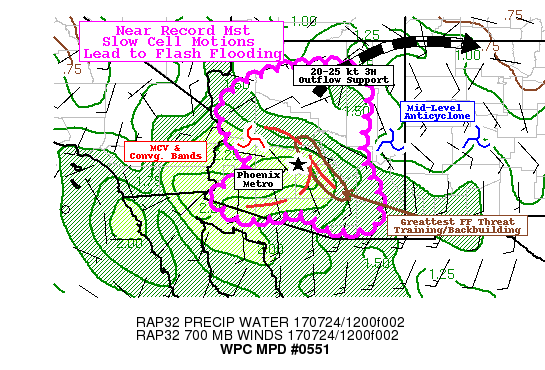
AREAS AFFECTED...ARIZONA

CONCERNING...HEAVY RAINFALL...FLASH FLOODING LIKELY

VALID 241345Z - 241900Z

SUMMARY...SATURATED ENVIRONMENT WITH SLOW CELL MOTIONS POSE FLASH
FLOODING THREAT.  GREATEST THREAT ON NORTHERN/EASTERN OUTER BAND
OF SHORTWAVE (ACROSS CENTRAL AZ).

DISCUSSION...EXPERIMENTAL GOES-16 IMAGERY DEPICTS LARGE AREA
ACROSS AZ WHERE SCATTERED CONVECTION IS DEVELOPING.   12Z
74626(PHX) SOUNDING DENOTES NEARLY UNCAPPED HIGHLY SATURATED
ENVIRONMENT WITH 1700 J/KG AND TPWS NEAR 2.25" WHICH IS NEAR ALL
TIME RECORD TPW VALUES FOR THE REGION.  ADDITIONALLY WINDS THROUGH
THE CLOUD BARING REGION ARE GENERAL VERY LIGHT.  THE ONLY
EXCEPTION IS A SMALL SWLY WIND FLOW NEAR/JUST ABOVE 7H WHICH IS
ALSO SHOWN AT KIWA VWP.  THIS CHANNEL OF FLOW SEEMS TO BE ALONG
THE CONFLUENCE ZONE ALONG THE EASTERN QUADRANT OF STRONG EASTERLY
WAVE (MCV) CURRENTLY ENTERING NORTHEAST LA PAZ COUNTY.
ADDITIONALLY...MASS CONVERGENCE FROM THE SWLY FLOW INTO THE SE
QUADRANT/BAND OF THE SHORTWAVE IS CONVECTING ALONG A WSW TO ENE
LINE EXTENDING ACROSS FROM YUMA TO EASTER PINAL.  AN ADDITIONAL
CHANNEL OF INCREASED WIND FLOW IS AVAILABLE AT THE TOPS OF THE
CONVECTION NEAR -63C (WHICH IS BEING REACHED BY CONVECTION PER
10.3 IR CHANNEL)...WHERE 15-20 KTS IS AVAILABLE FOR OUTFLOW TO THE
LARGER SCALE ANTICYCLONE CENTERED ALONG THE CENTRAL AZ/NM BORDER)
PROVIDING SUFFICIENT ASCENT/EVACUATION FOR CONVECTIVE MAINTENANCE.
 STILL OVERALL CELL MOTIONS AND HIGH RAINFALL EFFICIENCY DUE TO
SATURATED PROFILES WILL SUPPORT RAIN RATES OF 2.0"/HR AS DAYTIME
HEATING INCREASES INSTABILITY LEADING TO FLASH FLOODING POTENTIAL
THROUGHOUT THE SONORAN DESERT/PHOENIX METRO AND SURROUNDING
TERRAIN.  GREATEST CONCERN AND POTENTIAL FOR FLASH FLOODING LIKELY
RESIDES IN THE CONFLUENCE BAND CURRENTLY OVER EASTERN
MARICOPA...WHERE WIND PROFILE AND CELL MOTIONS WILL SUPPORT
UPSTREAM DEVELOPMENT. TOWARD THE SOUTHEAST AND ALLOW FOR A
TRAINING ENVIRONMENT TO EXIST INCREASING TOTALS IN THE RANGE OF
2-3" POSSIBLE THROUGH EARLY MORNING.  GIVEN PROXIMITY TO RUGGED
TERRAIN INCREASES THE THREAT OF FLASH FLOODING AND MUDSLIDES.